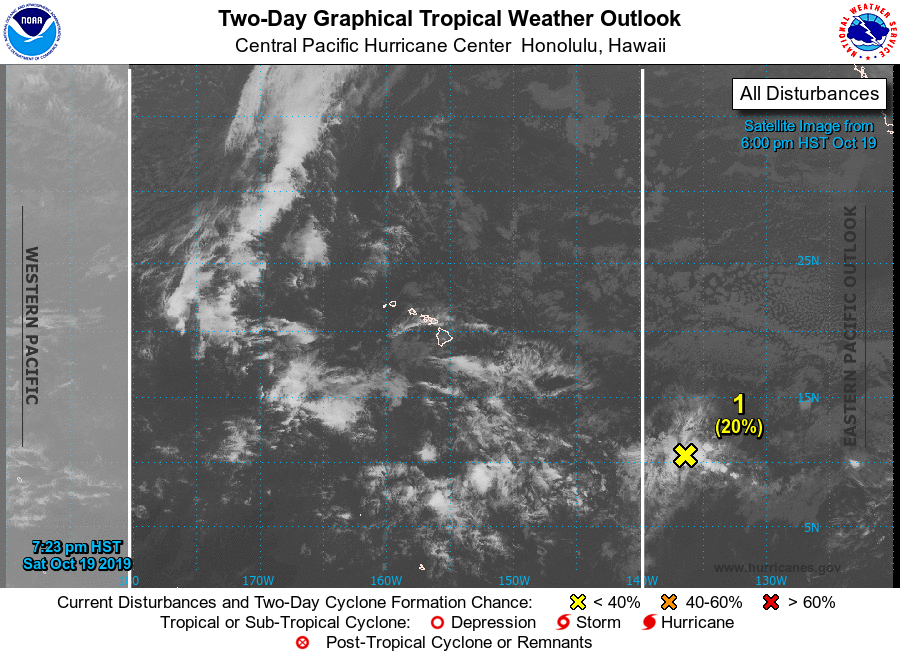
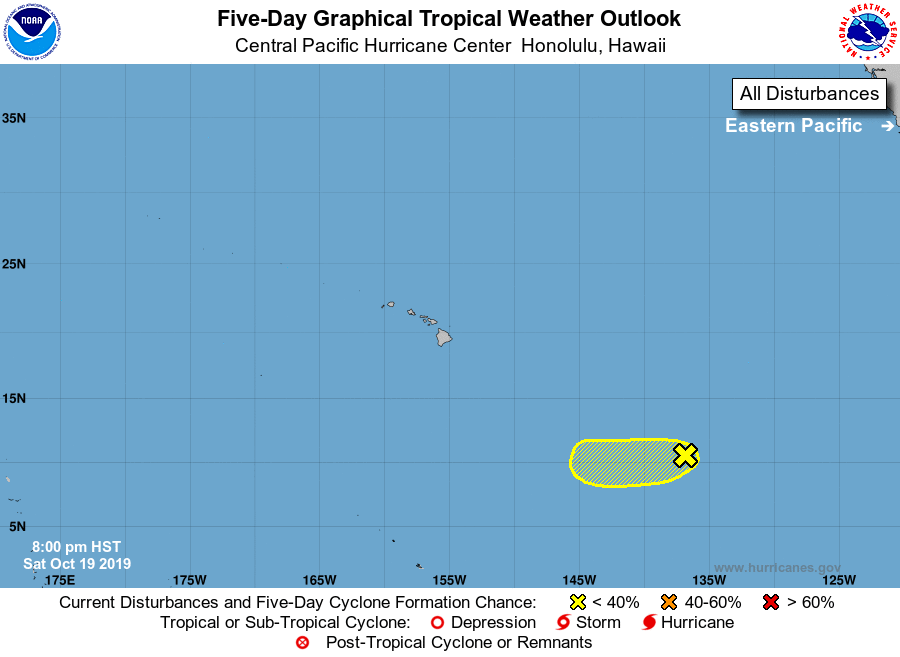
For the central North Pacific...between 140W and 180W:

1. An elongated area of low pressure located over the far southwestern portion of the eastern Pacific basin is producing disorganized showers and thunderstorms. Any development of this system should be slow while it drifts slowly westward during the next few days. This system is expected to move into the central Pacific basin by late Sunday.
* Formation chance through 48 hours...low...20 percent.
* Formation chance through 5 days...low...20 percent.

Elsewhere, no tropical cyclones are expected during the next 5 days.

Forecaster Birchard